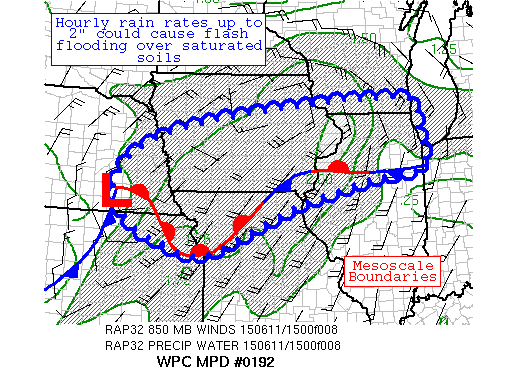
AREAS AFFECTED...PORTIONS OF THE MIDWEST

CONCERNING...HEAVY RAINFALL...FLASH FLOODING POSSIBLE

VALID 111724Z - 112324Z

SUMMARY...CIN IS BEGINNING TO ERODE NEAR A SURFACE BOUNDARY DRAPED
ACROSS THE AREA.  CONSIDERING SATURATED SOILS, FLASH FLOODING IS
POSSIBLE IN THIS REGION.

DISCUSSION...A COMPOSITE BOUNDARY (PART OUTFLOW BOUNDARY, PART
STATIONARY FRONT) EXTENDS ROUGHLY ALONG THE 40TH PARALLEL ACROSS
THE MIDWEST AHEAD OF A SURFACE WAVE LOCATED NEAR GID.  POCKETS OF
1000 J/KG ML CAPE HAVE BEGUN TO DEVELOP NEAR THE NE/KS BORDER,
WEST-CENTRAL IL, AND NORTHERN IN.  INFLOW AT 850 HPA OF 25-40 KTS
IS SEEN ON VAD WIND PROFILES ACROSS KS, MO, AND IA -- NEAR THE
MAGNITUDE OF THE 850-400 HPA MEAN WIND.  CIN HAS BEGUN TO ERODE
ACROSS THE REGION PER THE SPC MESOANALYSIS.  PRECIPITABLE WATER
VALUES OF 1.5-2" LIE ACROSS THE MIDWEST PER GFS INFORMATION.

THE EXPECTATION IS FOR THE SURFACE BOUNDARY TO BECOME THE FOCUS
FOR CONVECTION THIS AFTERNOON.  A COMBINATION OF THE 1000-500 HPA
THICKNESS PATTERN AND FORWARD PROPAGATING CORFIDI VECTORS SUGGEST
ORGANIZED CONVECTION COULD MOVE JUST NORTH OF DUE EAST AT ~25 KTS.
 WHILE CELL TRAINING IS EXPECTED TO BE THE MAIN THREAT, SOME
BACKBUILDING ELEMENTS ARE POSSIBLE, PARTICULARLY ACROSS NORTHERN
IL WHERE 850 HPA INFLOW IS ON THE INCREASE.  SURFACE FLOW FROM
LAKE MICHIGAN SHOULD INCREASE THE STRENGTH OF THE BAROCLINIC ZONE
IN NORTHEAST IL, WITH CLOUD COVER ALSO INCREASING THERMAL
GRADIENTS LATER TODAY.  THE MESOSCALE GUIDANCE SHOWS SPREAD, BUT
AGREES THAT LOCAL AMOUNTS OF 2-3" ARE POSSIBLE OVER THE NEXT
SEVERAL HOURS.  SINCE AVAILABLE MOISTURE SUPPORTS CONVECTION WITH
HOURLY RAIN RATES UP TO 2", THIS RAINFALL COULD OCCUR QUICKLY.
THE 06Z SSEO NEIGHBORHOOD PROBABILITIES SHOW THAT THREE HOUR FLASH
FLOOD GUIDANCE VALUES COULD BEGIN TO BE EXCEEDED AFTER 21Z ACROSS
PORTIONS OF IA.  FLASH FLOODING IS POSSIBLE, PARTICULARLY ACROSS
SOUTHEAST NE, SOUTHWEST IA, AND NORTH-CENTRAL IL WHERE SOILS ARE
SATURATED FROM RECENT RAINFALL.